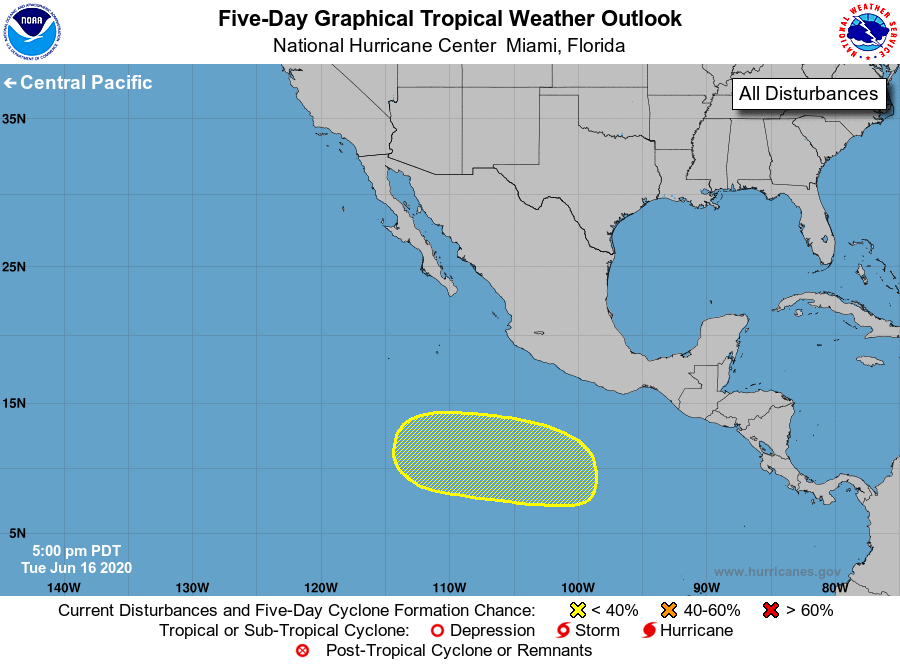
For the eastern North Pacific...east of 140 degrees west longitude:

1. A broad area of low pressure is expected to form south of the Gulf of Tehuantepec by Friday. Some slow development of this system is possible this weekend while it moves westward, offshore of Mexico.
* Formation chance through 48 hours...low...near 0 percent.
* Formation chance through 5 days...low...20 percent.

Forecaster Blake